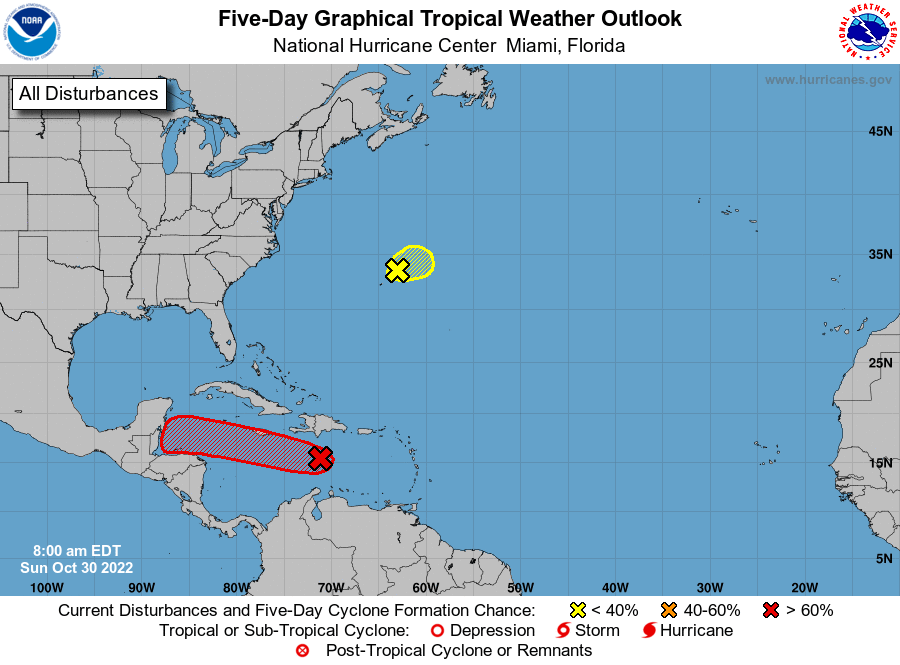
For the North Atlantic...Caribbean Sea and the Gulf of Mexico:

1. Central Caribbean: A broad area of low pressure over the central Caribbean Sea continues to produce disorganized showers and thunderstorms. However, overnight satellite wind data suggest the circulation is gradually becoming better defined. Environmental conditions are forecast to be conducive for additional development, and a tropical depression is likely to form in the next couple of days while the system moves west-northwestward at 10 to 15 mph over the central and northwestern Caribbean Sea. Interests in Jamaica should monitor the progress of this system. NOAA and Air Force Reserve Hurricane Hunter aircraft will be investigating the system this morning. Regardless of development, locally heavy rainfall is possible over portions of the Lesser Antilles, the Virgin Islands, Puerto Rico, Hispaniola, and Jamaica during the next couple of days.
* Formation chance through 48 hours...high...70 percent.
* Formation chance through 5 days...high...80 percent.

2. Western Atlantic: Shower and thunderstorm activity has increased in association with an area of low pressure area located a little more than 100 miles northeast of Bermuda. However, this system is forecast to interact and merge with a nearby frontal zone as upper-level winds increase over the system. Thus, subtropical or tropical development of this system remains unlikely.
* Formation chance through 48 hours...low...10 percent.
* Formation chance through 5 days...low...10 percent.

Forecaster Papin